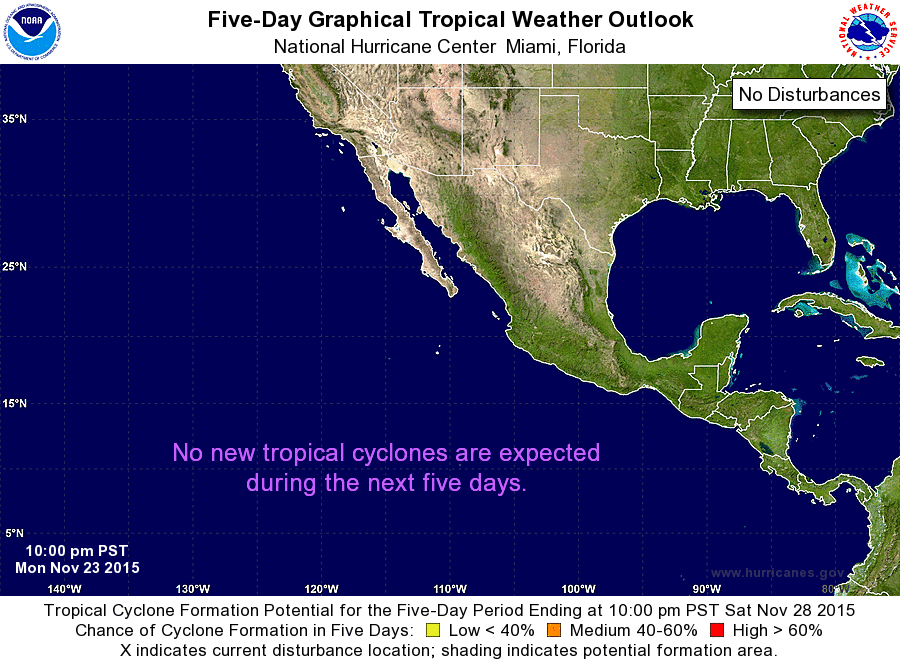
For the eastern North Pacific...east of 140 degrees west longitude:

The National Hurricane Center is issuing advisories on Tropical Depression Twenty-Two-E, located several hundred miles south of Manzanillo, Mexico.

Tropical cyclone formation is not expected during the next 5 days.

&&
Public Advisories on Tropical Depression Twenty-Two-E are issued under WMO header WTPZ32 KNHC and under AWIPS header MIATCPEP2. Forecast/Advisories on Tropical Depression Twenty-Two-E are issued under WMO header WTPZ22 KNHC and under AWIPS header MIATCMEP2.

Forecaster Stewart